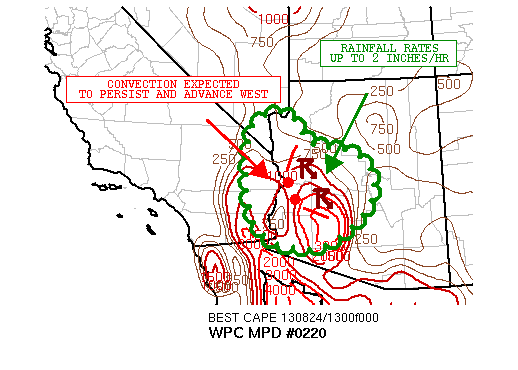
AREAS AFFECTED...SOUTHEAST CA...EXTREME SOUTHERN NV AND WESTERN AZ

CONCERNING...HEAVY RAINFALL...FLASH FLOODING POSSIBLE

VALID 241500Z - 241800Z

SUMMARY...CLUSTERS OF STRONG CONVECTION WILL CONTINUE TO FOSTER
LOCALLY VERY HVY RAINS OVER THE NEXT FEW HOURS WITH ADDITIONAL
FLASH FLOODING POSSIBLE.

DISCUSSION...IR SAT IMAGERY SHOWS A FAIRLY COMPACT MCS OVER WRN AZ
THAT IS PRODUCING LOCALLY INTENSE RAINFALL RATES. CLOUD TOPS HAVE
GENERALLY CONTINUED TO COOL...AND WV IMAGERY SUGGESTS FAIRLY DIV
FLOW ALOFT OVER THE REGION WHICH IS AIDING IN SOME LARGER SCALE
ASCENT. THE CONVECTION HAS GENERALLY BEEN ADVANCING WWD TOWARD THE
CA/AZ BORDER...AND IS INTERACTING WITH A SHARP INSTABILITY
GRADIENT ORIENTED FROM THE GULF OF CA NORTHWARD INTO SERN CA AND
WRN AZ. GIVEN THE ONSET OF DIURNAL HEATING AND PRESENCE OF AT
LEAST MODEST LARGE SCALE FORCING...THE CURRENT ACTIVITY SHOULD
MAINTAIN ITSELF AND MAY WELL BECOME BETTER ORGANIZED WITH A
FAVORABLE ENVIRONMENT FOR SOME BACK-BUILDING CELLS. THE LARGE
SCALE CONVECTIVE MASS SHOULD TEND TO CONTINUE WWD AND WILL LIKELY
ADVANCE INTO SERN CA OVER THE NEXT COUPLE OF HOURS WITH ADDITIONAL
DEVELOPMENT OVER WRN AND SWRN AZ EXPECTED AS WELL WHERE DEEPER LYR
INSTABILITY IS A BIT STRONGER.

RAINFALL RATES OF 1.5 TO 2 INCHES/HR ARE EXPECTED...AND COULD BE
LOCALLY HIGHER INVOF OF CELL MERGERS. GIVEN THESE RAINFALL
RATES...FLASH FLOODING WILL CONTINUE TO BE POSSIBLE.